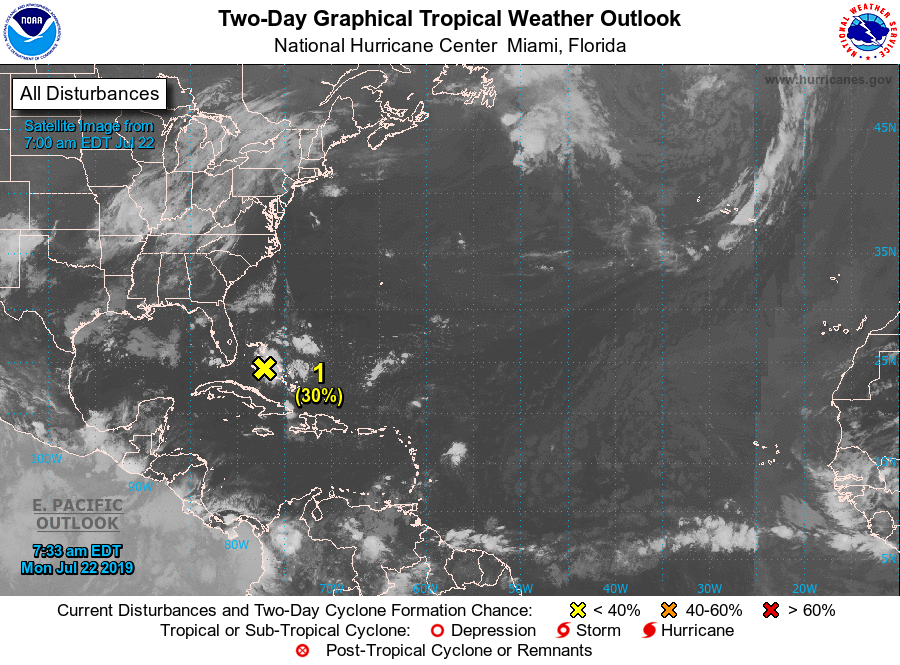
For the North Atlantic...Caribbean Sea and the Gulf of Mexico:

1. Showers and thunderstorms over the Northwest Bahamas and the adjacent waters are associated with a trough of low pressure. Environmental conditions are expected to be marginally conducive for development during the next couple of days while the trough moves west-northwestward to northwestward at around 15 mph. Additional development is not anticipated after that time due to strong upper-level winds.
* Formation chance through 48 hours...low...30 percent.
* Formation chance through 5 days...low...30 percent.

Forecaster Latto/Pasch